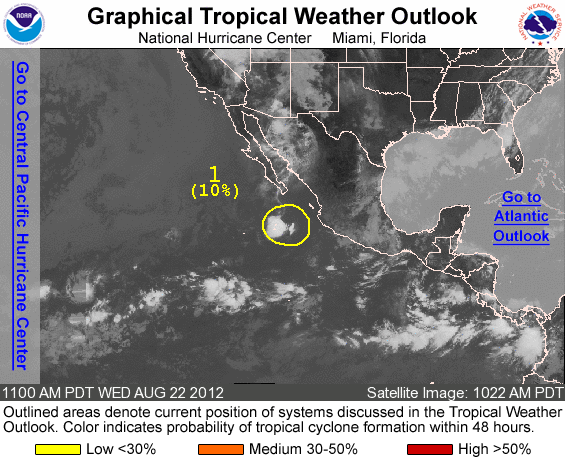
FOR THE EASTERN NORTH PACIFIC...EAST OF 140 DEGREES WEST LONGITUDE..

1. AN AREA OF LOW PRESSURE...CENTERED ABOUT 225 MILES SOUTH OF THE SOUTHERN TIP OF BAJA CALIFORNIA...IS PRODUCING DISORGANIZED SHOWERS AND THUNDERSTORMS. STRONG UPPER-LEVEL WINDS ARE NOT CONDUCIVE FOR DEVELOPMENT...AND THIS SYSTEM HAS A LOW CHANCE...10 PERCENT...OF BECOMING A TROPICAL CYCLONE DURING THE NEXT 48 HOURS AS THE LOW DRIFTS SOUTHWESTWARD.

FORECASTER KIMBERLAIN/ZELINSKY